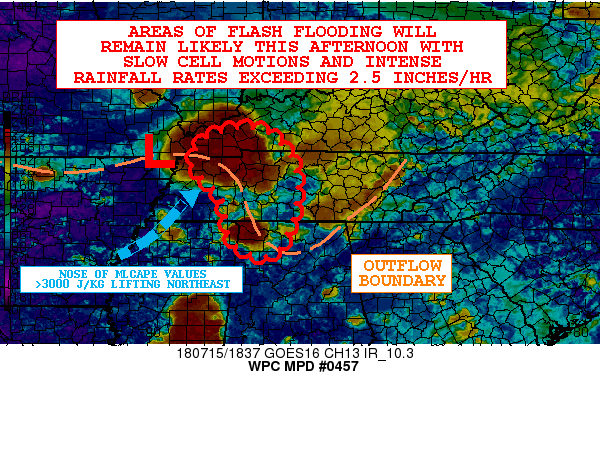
AREAS AFFECTED...SOUTHWEST KY...WESTERN/CENTRAL TN...FAR NORTHEAST
MS...NORTHWEST AL

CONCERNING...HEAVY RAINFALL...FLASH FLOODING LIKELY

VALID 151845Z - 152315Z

SUMMARY...HEAVY SHOWERS AND THUNDERSTORMS LIKELY RESULT IN SOME
AREAS OF FLASH FLOODING THIS AFTERNOON.

DISCUSSION...THE LATEST GOES-16 CLEAN IR SATELLITE IMAGERY SHOWS A
VERY IMPRESSIVE BURST OF DEEP CONVECTION WITH VERY COLD CLOUD TOPS
OVER PORTIONS OF SOUTHWEST KY AND NORTHWEST TN. THE ACTIVITY IS
FOCUSING WITHIN A RATHER CONFLUENT LOW LEVEL FLOW PATTERN AROUND
THE SOUTHEAST FLANK OF AN AREA OF LOW PRESSURE AND WITH PROXIMITY
OF AN OUTFLOW BOUNDARY WHICH WAS GENERATED FROM EARLIER
CONVECTION. THE LATEST RAP ANALYSIS IS SHOWING A VERY UNSTABLE
BOUNDARY LAYER ACROSS SOUTHWEST TN WHERE THERE IS A NOSE OF MLCAPE
VALUES REACHING OVER 3000 J/KG.

GIVEN THE STRONG AXIS OF DIURNAL HEATING ALONG THE SOUTHWEST FLANK
OF THE OUTFLOW BOUNDARY AND TRANSPORT OF VERY MOIST/UNSTABLE AIR
UPSTREAM...THERE WILL LIKELY BE A CONTINUED EXPANSION OF VERY
HEAVY SHOWERS AND THUNDERSTORMS THROUGH THE AFTERNOON HOURS. SOME
OF THIS CONVECTION MAY ADVANCE EAST OVER AREAS THAT WERE IMPACTING
THIS MORNING BY LOCALLY HEAVY RAINFALL. ADDITIONAL AREAS OF
CONVECTION ARE LIKELY TO EVOLVE FARTHER SOUTH DOWN INTO PORTIONS
OF FAR NORTHEAST MS AND NORTHWEST AL AS WELL WHERE THE SAME
OUTFLOW BOUNDARY IMPACTING CENTRAL/WESTERN TN IS FOCUSED NEARBY.

THE PWATS ACROSS THE REGION REMAIN VERY HIGH AND ARE ON THE ORDER
OF 2.25 INCHES WHICH WILL FOSTER HIGHLY EFFICIENT RAINFALL
PROCESSES FOR ENHANCED RAINFALL RATES. EXPECT RATES TO LOCALLY
EXCEED 2.5 INCHES/HR...WITH POTENTIALLY HIGHER RATES WHERE CELL
MERGERS AND OVERSHOOTING TOPS OCCUR THIS AFTERNOON.

THE LATEST HRRR GUIDANCE IS SUPPORTING LOCALLY AS MUCH AS 3 TO 5
INCHES OF RAIN THROUGH LATE-AFTERNOON. THESE TOTALS AND ESPECIALLY
WITH SUCH INTENSE SHORT-TERM RATES WILL LIKELY CAUSE SOME AREAS OF
FLASH FLOODING. WILL CONTINUE TO MONITOR.